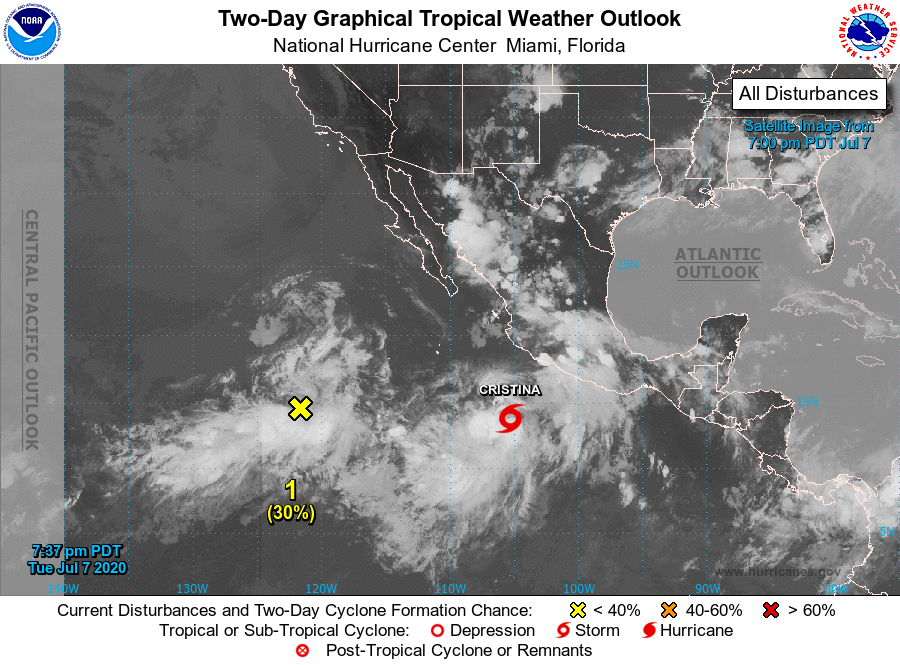
For the eastern North Pacific...east of 140 degrees west longitude:

The National Hurricane Center is issuing advisories on Tropical Storm Cristina, located several hundred miles south of Manzanillo, Mexico.

1. An area of low pressure located about 1000 miles southwest of the southern tip of the Baja California peninsula has become better defined since yesterday. Some further organization of this system is possible during the next few days while it drifts generally northward. By late this week, environmental conditions are expected to become unfavorable for further development.
* Formation chance through 48 hours...low...30 percent.
* Formation chance through 5 days...medium...40 percent.

2. An area of low pressure is forecast to form south of the Gulf of Tehuantepec late this week. Environmental conditions are expected to be conducive for development this weekend, and a tropical depression could form early next week while the system moves westward well south of the coast of Mexico.
* Formation chance through 48 hours...low...near 0 percent.
* Formation chance through 5 days...medium...40 percent.

Forecaster Blake